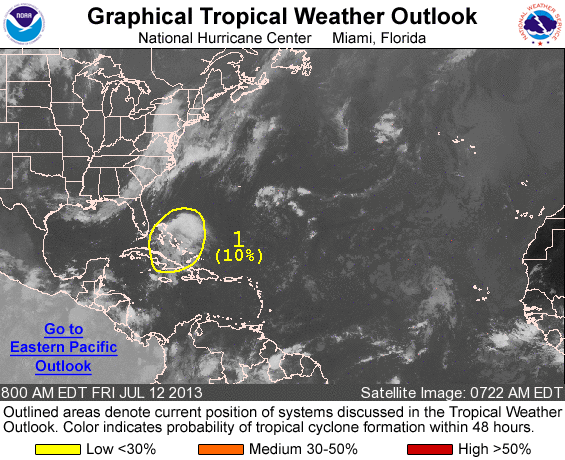
FOR THE NORTH ATLANTIC...CARIBBEAN SEA AND THE GULF OF MEXICO...

1. THE AREA OF DISTURBED WEATHER OVER THE BAHAMAS AND THE ADJACENT ATLANTIC...ASSOCIATED WITH THE REMNANTS OF CHANTAL...IS MOVING NORTHWARD. THIS WEATHER DISTURBANCE REMAINS DISORGANIZED AND DEVELOPMENT HAS BECOME LESS LIKELY. THIS SYSTEM HAS A LOW CHANCE...10 PERCENT...OF BECOMING A TROPICAL CYCLONE DURING THE NEXT 48 HOURS. THE AIR FORCE RECONNAISSANCE MISSION SCHEDULED FOR TODAY WILL BE CANCELLED.

ELSEWHERE...TROPICAL CYCLONE FORMATION IS NOT EXPECTED DURING THE NEXT 48 HOURS.

FORECASTER AVILA